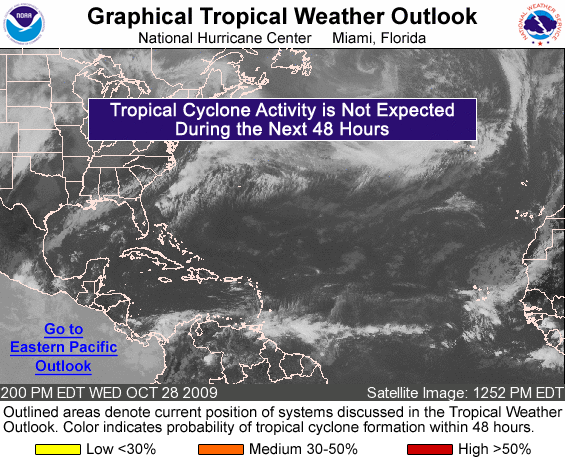
FOR THE NORTH ATLANTIC...CARIBBEAN SEA AND THE GULF OF MEXICO...

TROPICAL CYCLONE FORMATION IS NOT EXPECTED DURING THE NEXT 48 HOURS.

FORECASTER CANGIALOSI/PASCH